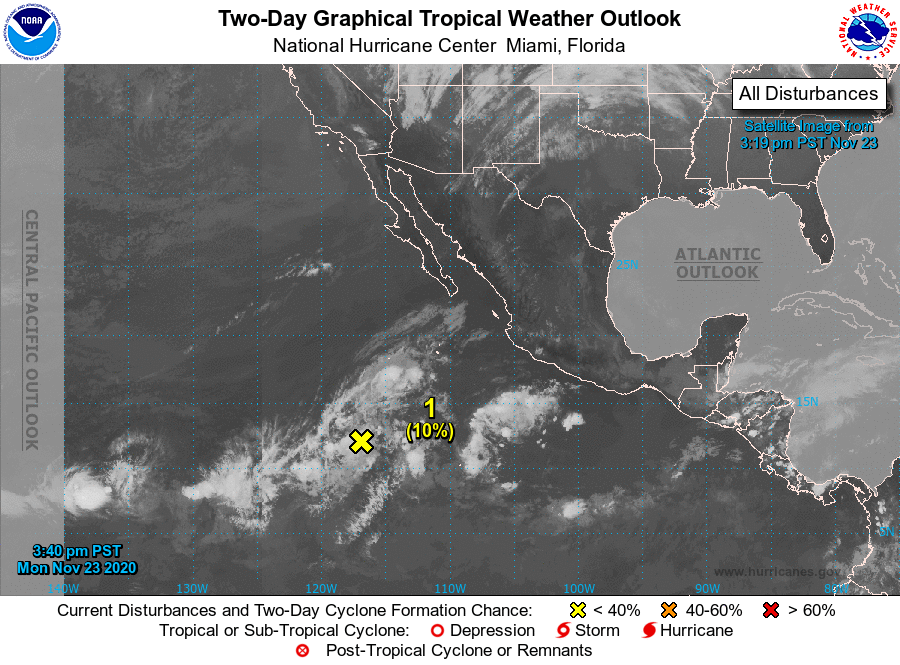
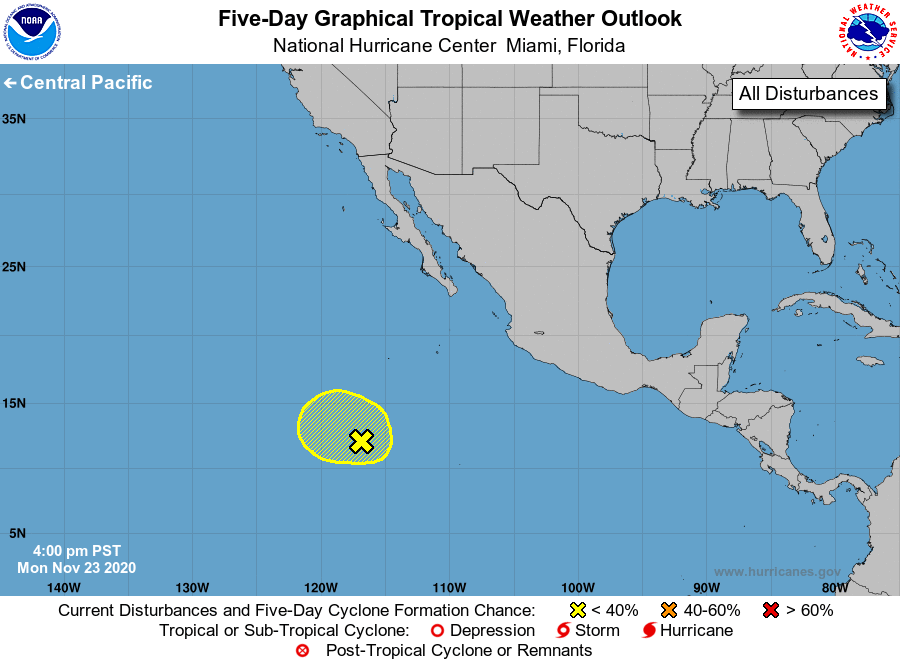
For the eastern North Pacific...east of 140 degrees west longitude:

1. Disorganized showers and thunderstorms continue in association with a trough of low pressure located about 800 miles south-southwest of the southern tip of the Baja California peninsula. This system has changed little in organization today and development, if any, should be slow to occur over the next day or so while it moves west-northwestward. By the middle of the week, environmental conditions are expected to become unfavorable for further development.
* Formation chance through 48 hours...low...10 percent.
* Formation chance through 5 days...low...10 percent.

Forecaster Papin/Stewart